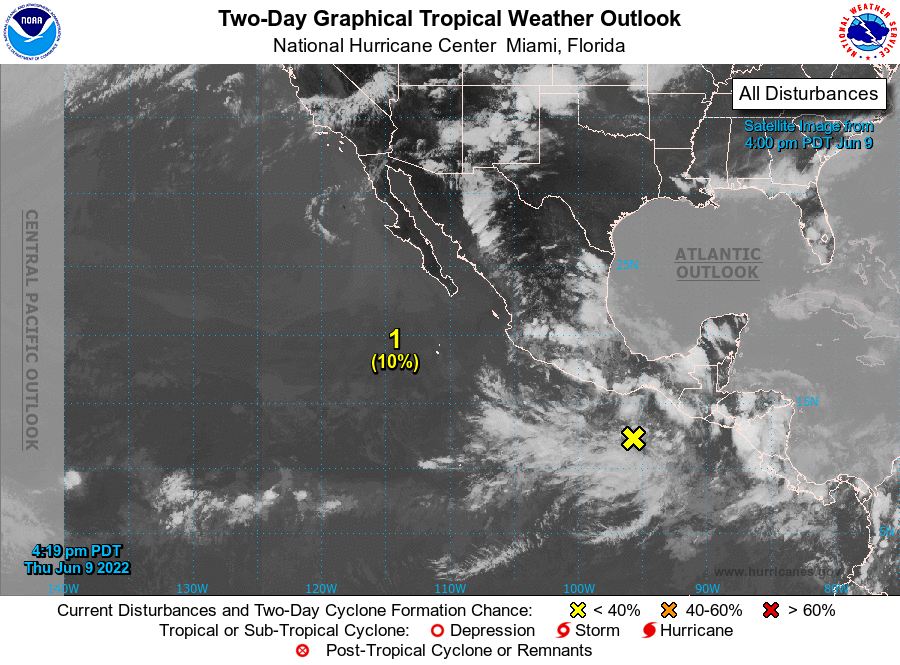
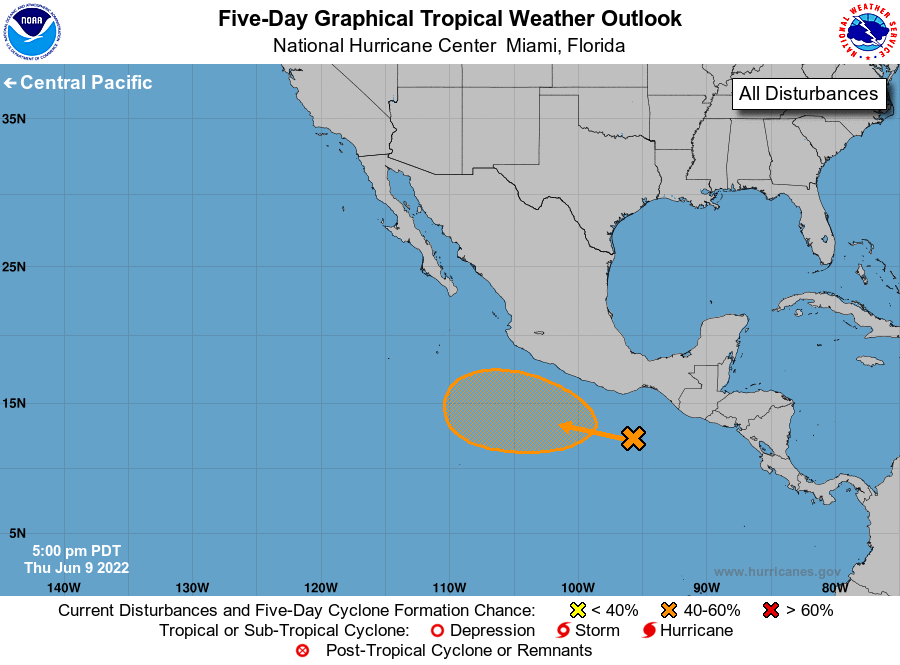
For the eastern North Pacific...east of 140 degrees west longitude:

1. Off the coast of southwestern Mexico: A broad area of low pressure is forecast to form south or southwest of the coast of southwestern Mexico during the next day or so. Gradual development of this system is possible thereafter, and a tropical depression could form this weekend or early next week while the system meanders off the southwestern coast of Mexico.
* Formation chance through 48 hours...low...10 percent.
* Formation chance through 5 days...medium...60 percent.

Forecaster Beven/Bucci